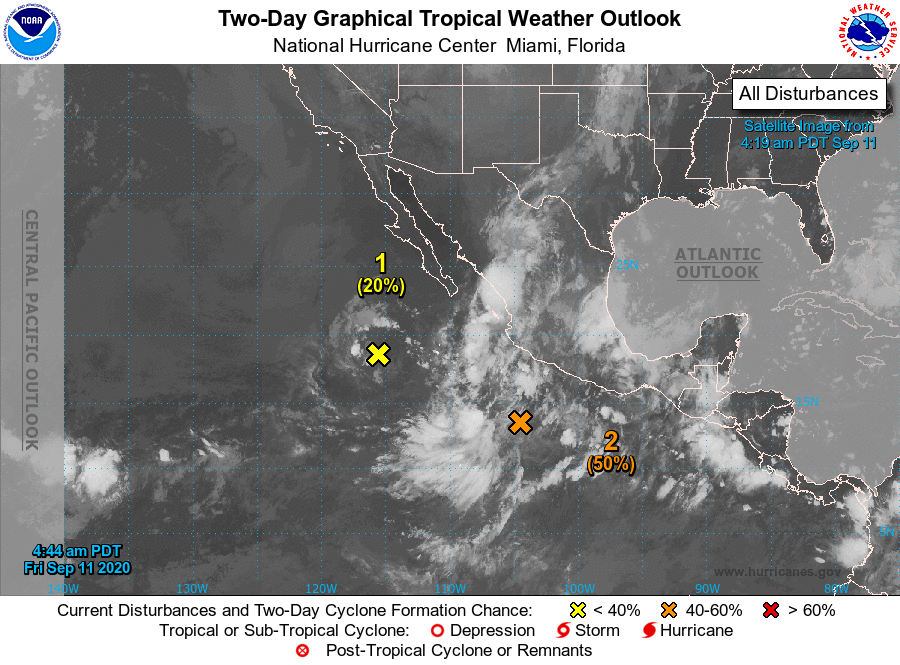
For the eastern North Pacific...east of 140 degrees west longitude:

1. Shower activity associated with a low pressure area located about 400 miles southwest of the southern tip of the Baja California peninsula remains minimal. Some development of this system, however, is still possible during the next day or two before it interacts with, and possibly becomes absorbed by, a larger weather disturbance to its east-southeast.
* Formation chance through 48 hours...low...20 percent.
* Formation chance through 5 days...low...20 percent.

2. A broad area of low pressure located several hundred miles south-southwest of the coast of southwestern Mexico continues to produce a large area of disorganized showers and thunderstorms. Environmental conditions appear conducive for development of this system, and a tropical depression is likely to form over the weekend or early next week while the system moves west-northwestward at 10 to 15 mph away from the coast of Mexico.
* Formation chance through 48 hours...medium...50 percent.
* Formation chance through 5 days...high...70 percent.

Forecaster Pasch